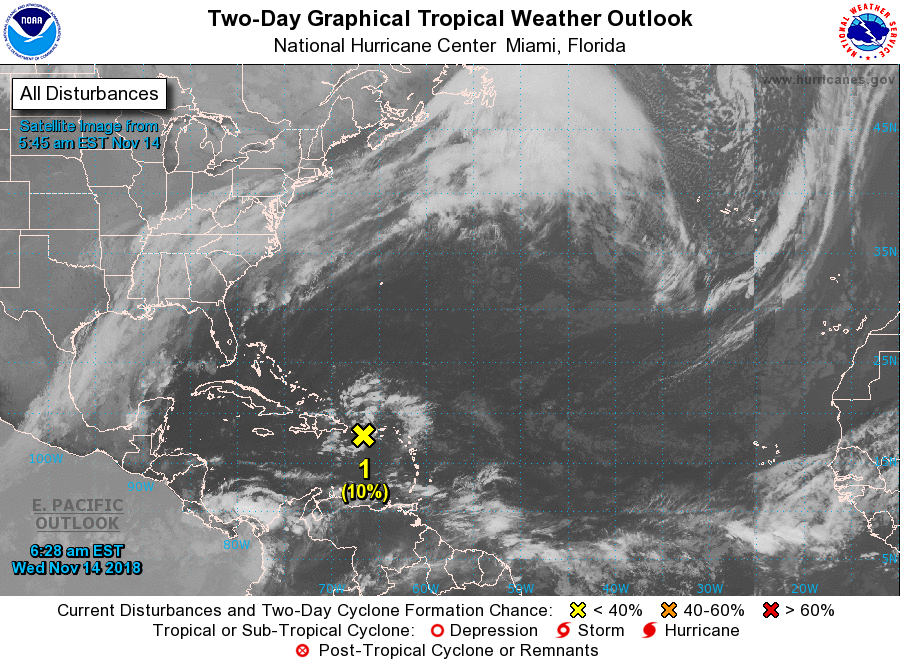
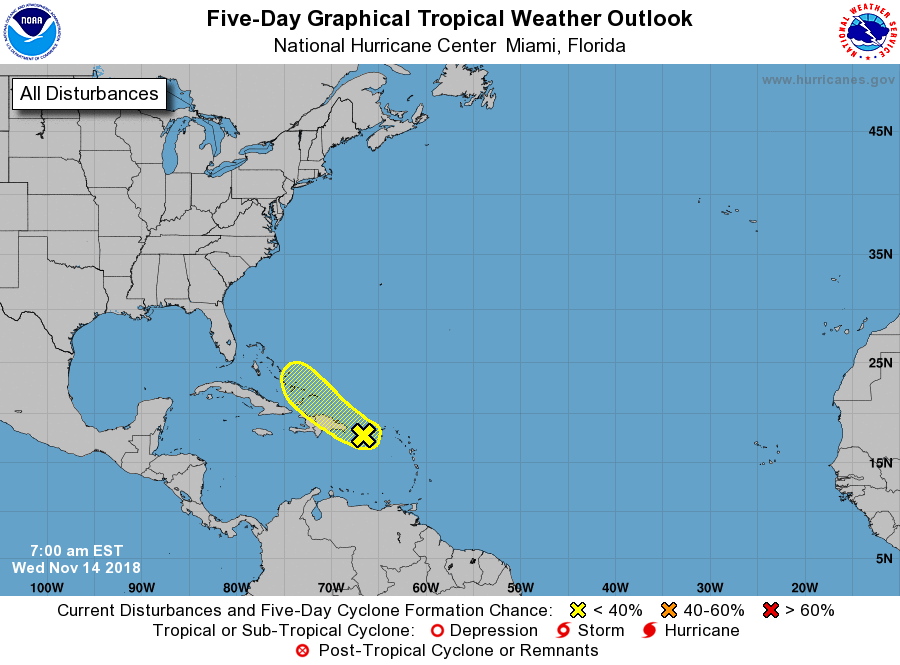
For the North Atlantic...Caribbean Sea and the Gulf of Mexico:

1. A tropical wave interacting with an upper-level low is producing disorganized showers and thunderstorms over portions of the Leeward Islands, the Virgin Islands, Puerto Rico, Hispaniola, and the adjacent waters. Significant development of this system is not expected due to unfavorable upper-level winds and interaction with islands of the Greater Antilles. However, this system could produce locally heavy rainfall over portions of the Leeward Islands, the Virgin Islands, Puerto Rico, and Hispaniola during the next day or so as it moves generally west-northwestward. This rainfall will then spread across portions of the Turks and Caicos Islands and the southeastern Bahamas by Thursday as the system turns northwestward.
* Formation chance through 48 hours...low...10 percent.
* Formation chance through 5 days...low...10 percent.

Forecaster Brennan